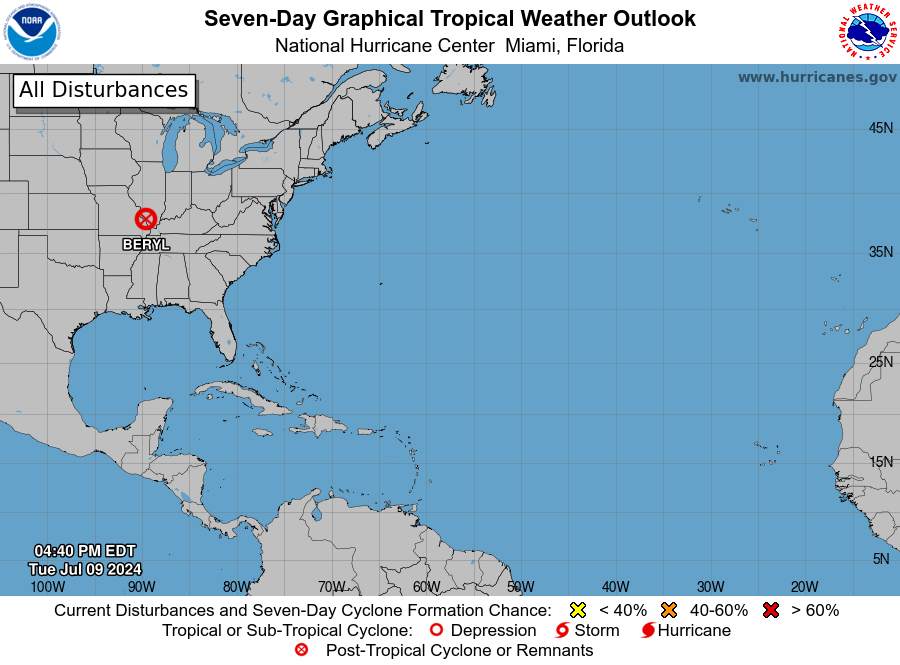
For the North Atlantic...Caribbean Sea and the Gulf of Mexico:

Active Systems: The Weather Prediction Center is issuing advisories on Post-Tropical Cyclone Beryl, located inland over southeastern Missouri.

Tropical cyclone formation is not expected during the next 7 days.

Forecaster Hagen/Berg